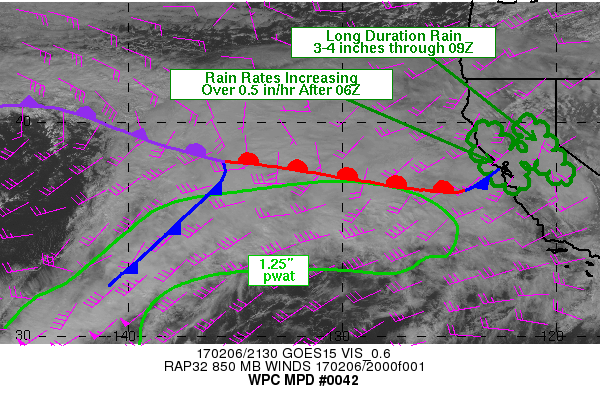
AREAS AFFECTED...PORTIONS OF CNTRL TO N-CNTRL CA

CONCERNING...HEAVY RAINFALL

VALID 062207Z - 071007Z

SUMMARY...A SURGE IN LOW LEVEL MOISTURE FLUX WILL INCREASE
RAINFALL RATES FOR PORTIONS OF CNTRL TO N-CNTRL CA TONIGHT. THE
HEAVIEST RATES SHOULD FOCUS ALONG THE COASTAL RANGES BUT SOME
FLOODING IMPACTS MAY CONTINUE DOWNSTREAM INTO THE FOOTHILLS OF THE
SIERRA NEVADA.

DISCUSSION...21Z GOES WEST WATER VAPOR IMAGERY SHOWED A WELL
DEFINED SHORTWAVE TROUGH TRACKING EAST NEAR 37N 144W. AT THE
SURFACE...A COMBINATION OF VISIBLE IMAGERY AND THE AMSU 89 GHZ
CHANNEL REVEALED A T-BONE LIKE STRUCTURE CONTAINING AN ELONGATED
OCCLUDED BOUNDARY WITH A COLD FRONT EXTENDING SWWD FROM AN
ESTIMATED TRIPLE POINT NEAR 38N 135W. SHORT TERM RAP FORECASTS
HAVE ALIGNED WELL WITH THE BLENDED TPW PRODUCT AND THE 1.25 INCH
PRECIPITABLE WATER CONTOUR WITHIN THE WARM SECTOR. PRECIPITABLE
WATER VALUES FARTHER UPSTREAM WITHIN THE MOISTURE PLUME...IN THE
DIRECTION OF HAWAII FOCUSED NEAR 30N 145W...HAVE CONSISTENTLY BEEN
1.5 INCHES TO 2.0 INCHES WITH AMUS AND SSMIS MICROWAVE RAIN RATE
SENSORS INDICATING 0.5 TO 1.0 IN/HR OVER A SOMEWHAT BROAD
RESOLUTION WITH HIGHER RATES LIKELY ON FINER SCALES.

AS THE SHORTWAVE ADVANCES EAST LATE THIS EVENING...THE WARM FRONT
WILL LIFT NORTH ALLOWING 1.25 INCH PRECIPITABLE WATER VALUES...OR
+3 TO +4 STANDARDIZED ANOMALIES...TO REACH THE CNTRL CA COAST NEAR
06Z ALONG WITH 850 MB WINDS OF 50 KT NEARLY PERPENDICULAR TO THE
COAST INTO THE SANTA CRUZ MOUNTAINS. AFTER 06Z...THE FOCUS FOR
HEAVIER RAIN RATES IN EXCESS OF 0.5 IN/HR WILL SHIFT TO THE
COASTAL RANGES NORTH OF THE BAY AREA. MOISTURE WILL ALSO FUNNEL
INTO THE SRN SACRAMENTO VALLEY WITH STEADY UPSLOPE WINDS INTO THE
N-CNTRL SIERRA NEVADA WITH A FOCUS INTO NEVADA...PLACER AND EL
DORADO COUNTIES WHERE AN ADDITIONAL 3-4 INCHES OF RAIN IS EXPECTED
THROUGH 09Z. RAINFALL RATES ARE GENERALLY FORECAST TO REMAIN
BETWEEN 0.25 AND 0.5 IN/HR AWAY FROM THE COASTAL RANGES...BUT
PERSISTENT RAIN MAY COMPOUND ONGOING FLOODING CONCERNS.